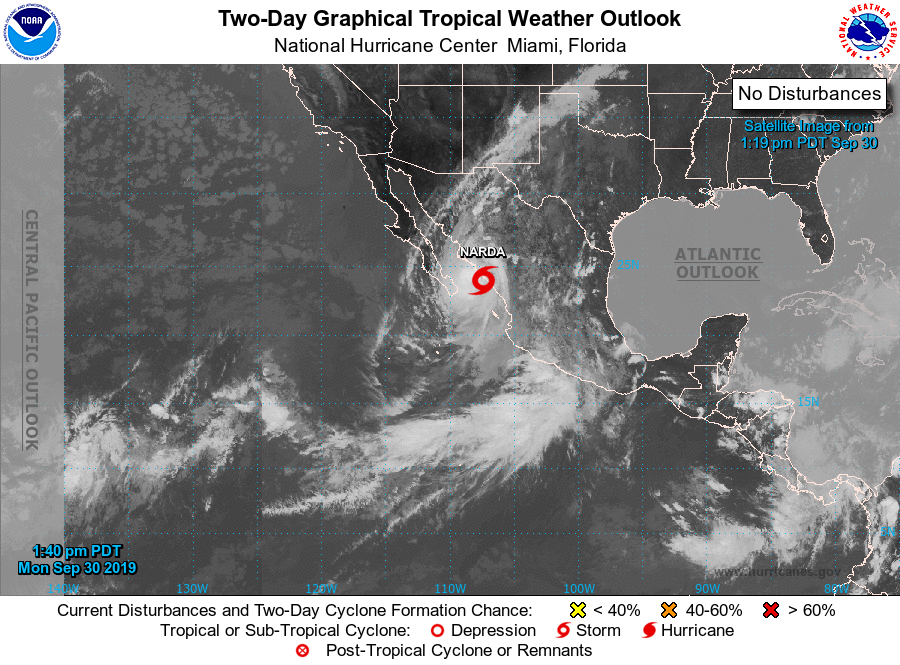
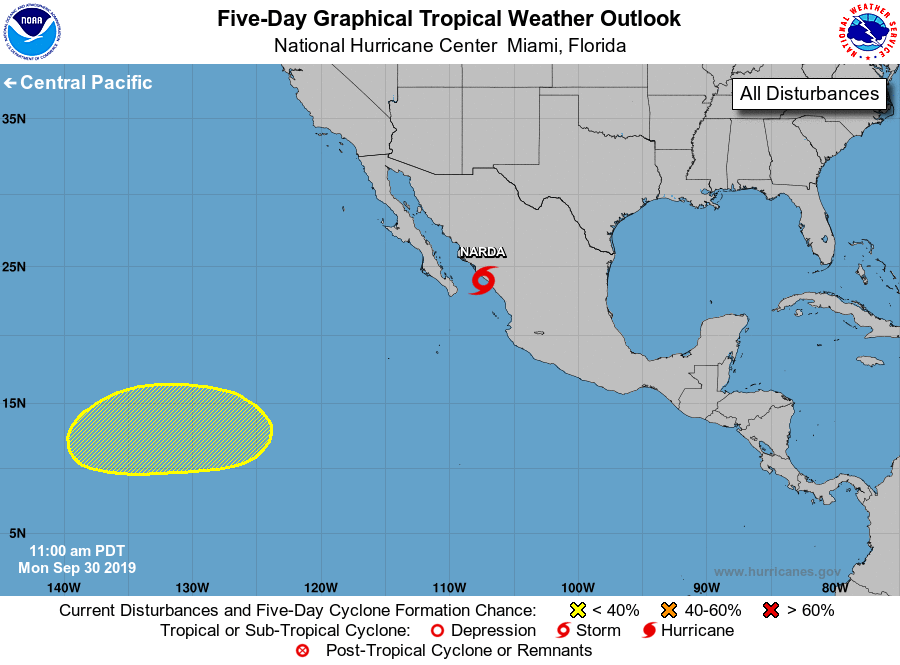
For the eastern North Pacific...east of 140 degrees west longitude:

The National Hurricane Center is issuing advisories on Tropical Storm Narda, located near Mazatlan, Mexico.

1. An area of low pressure is expected to form over the southwestern portion of the eastern North Pacific within the next day or two. Some gradual development is possible thereafter while the system drifts slowly eastward or northeastward.
* Formation chance through 48 hours...low...near 0 percent.
* Formation chance through 5 days...low...20 percent.

Forecaster Brown